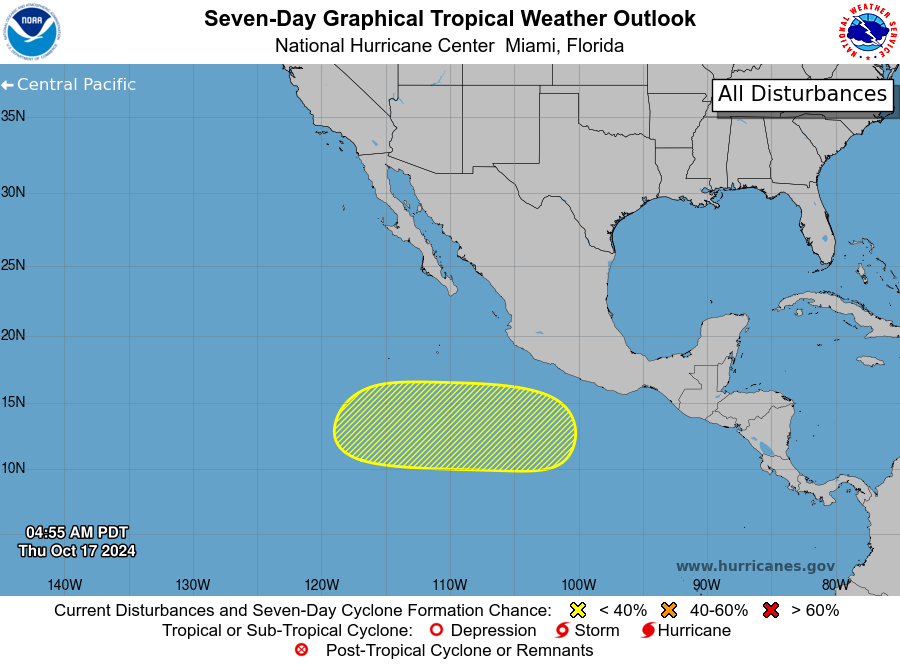
For the eastern North Pacific...east of 140 degrees west longitude:

1. South of Southwestern Mexico: An area of low pressure could form during the middle part of next week well offshore of southwestern Mexico. Thereafter, gradual development is possible as the system moves westward at 10 to 15 mph.
* Formation chance through 48 hours...low...near 0 percent.
* Formation chance through 7 days...low...20 percent.

Forecaster Bucci